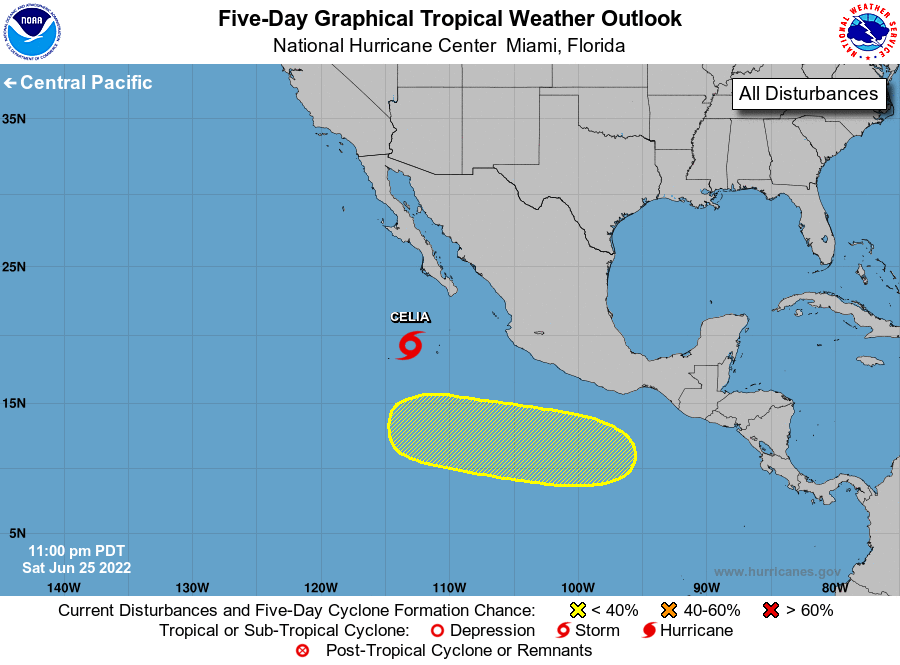
For the eastern North Pacific...east of 140 degrees west longitude:

Active Systems: The National Hurricane Center is issuing advisories on Tropical Storm Celia, located several hundred miles southwest of the southern tip of the Baja California Peninsula.

1. Offshore of Southern Mexico: A trough of low pressure is forecast to form well south of the southern coast of Mexico early next week. Environmental conditions could support some slow development of this system thereafter as it moves generally west-northwestward.
* Formation chance through 48 hours...low...near 0 percent.
* Formation chance through 5 days...low...30 percent.

Forecaster Bucci/Blake